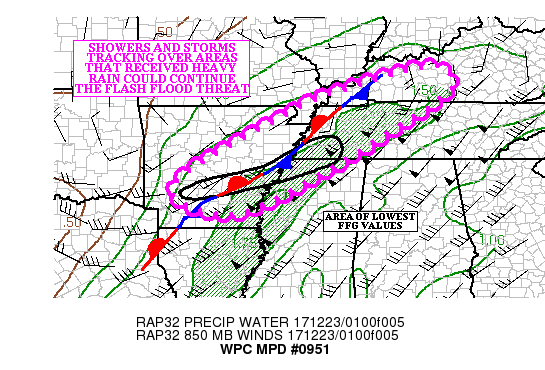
AREAS AFFECTED......SOUTHERN AND EASTERN AR ACROSS NORTHERN MS
INTO WESTERN TN/WESTERN KY...

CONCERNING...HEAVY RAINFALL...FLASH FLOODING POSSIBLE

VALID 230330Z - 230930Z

SUMMARY...ADDITIONAL SHOWERS AND EMBEDDED THUNDERSTORMS WILL
PRODUCE LOCALLY HEAVY RAINFALL OVER AREAS WITH LOW FLASH FLOOD
GUIDANCE...CONTINUING THE THREAT FOR FLASH FLOODING INTO THE EARLY
MORNING HOURS.

DISCUSSION...REGIONAL RADARS CONTINUED TO SHOW SHOWERS AND
EMBEDDED CONVECTION TRACKING ACROSS AR...FAR NORTHWEST MS...
WESTERN TN INTO FAR WESTERN KY. MUCH OF THE ACTIVITY WAS NORTH OF
A STATIONARY FRONT STRETCHED ACROSS THE SAME REGION...AND
INSTABILITY NEAR AND NORTH OF THE FRONT WAS FAIRLY LIMITED (BASED
ON 00Z SOUNDINGS AT KLZK AND KBNA)...SO THE SHOWERS AND ELEVATED
CONVECTION WERE PRODUCING MAXIMUM  HOURLY RAINFALL RATES NEAR 0.50
INCHES.

SOUTH OF THE FRONT...WHERE THE MOST RECENT RAP ANALYSIS SHOWED
MUCAPE VALUES BETWEEN 500-1000 K/KG OVER SOUTHERN AR/NORTHERN AR
INTO CENTRAL MS (THE 00Z KSHV SOUNDING SHOWED SBCAPE VALUES NEAR
1200 J/KG). A 35 TO 45 KNOT LOW LEVEL SOUTHWEST FLOW (PER REGIONAL
VWP) CONTINUES TO FEED 1.50 INCH PRECIPITABLE WATER AIR (WHICH IS
ABOVE TWO STANDARD DEVIATIONS ABOVE THE MEAN) ALONG AND OVER THE
FRONT. IN THE WARM SECTOR SOUTH OF THE FRONT...KNQA RADAR SHOWED
HOURLY RAINFALL RATES CLOSER TO AN INCH.

THE FLOW BECOMES INCREASINGLY DIFFLUENT AS A 130/150 KNOT JET
STREAK EXITS THE LOWER MS VALLEY INTO THE UPPER MS VALLEY. THE
SYNOPTIC SCALE ASCENT IS EXPECTED TO ALLOW THE SHOWERS AND
EMBEDDED CONVECTION TO EXPAND ACROSS THE THE REGION. ALONG AND
NORTH OF THE FRONT...WHERE HOURLY RAINFALL RATES REMAIN BELOW
0.50/0.75 INCHES...THE MAIN THREAT IS FLOODING VERSUS FLASH
FLOODING...DUE TO THE LONG DURATION OF MODERATE RAINFALL RATES.

SOUTH OF THE FRONT...MAINLY ACROSS EASTERN AR...FAR NORTHWEST MS
INTO WESTERN TN/WESTERN KY...DEVELOPING CONVECTION MAY BE ABLE TO
TAP THE INSTABILITY UPSTREAM... PRODUCING HOURLY RAINFALL RATES
OVER AN INCH FOR A TIME BETWEEN 04Z AND 07Z. THE MOST RECENT
HRRR/EXPERIMENTAL HRRR SOLUTIONS SHOWED THE POTENTIAL FOR LOCAL
2.00 TO 3.00 INCHES OF RAINFALL FROM CENTRAL AR INTO WESTERN
TN/SOUTHWEST KY.

ONE AND THREE HOUR FLASH FLOOD VALUES FROM SOUTH CENTRAL AR INTO
FAR NORTHWEST MS AND SOUTHWEST TN ARE BELOW AN INCH...DUE TO
RECENT HEAVY RAINFALL. THESE AREAS WILL BE MORE PRONE TO FLASH
FLOODING INTO THE EARLY MORNING HOURS.